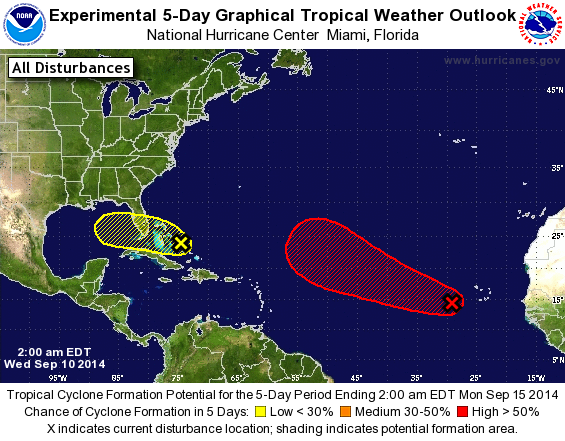
For the North Atlantic...Caribbean Sea and the Gulf of Mexico:

1. A broad area of low pressure is located about 500 miles west of the Cape Verde Islands. Shower and thunderstorm activity associated with this low has changed little in organization during the past few hours. While tropical cyclone formation is not anticipated today, environmental conditions could become somewhat more favorable for development by later in the week while the low moves toward the west-northwest and northwest at about 15 mph over the open Atlantic.
* Formation chance through 48 hours...low...20 percent.
* Formation chance through 5 days...high...70 percent.

2. Disorganized cloudiness and showers over the Bahamas and the adjacent Atlantic are associated with a weak surface trough interacting with an upper-level low. Development, if any, of this system is expected to be very slow to occur while it moves generally westward at 5 to 10 mph during the next few days.
* Formation chance through 48 hours...low...10 percent.
* Formation chance through 5 days...low...20 percent.

Forecaster Brennan